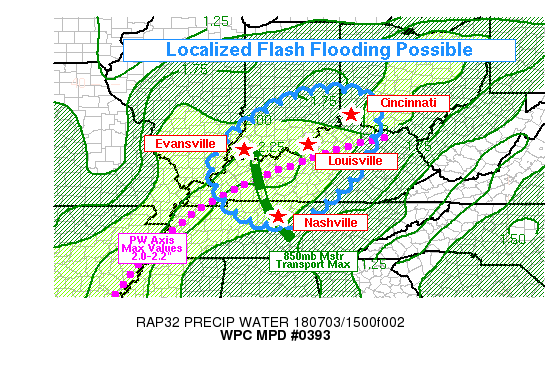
AREAS AFFECTED...WRN/CTRL KY...SRN IN...SWRN OH...SERN IL...NRN TN

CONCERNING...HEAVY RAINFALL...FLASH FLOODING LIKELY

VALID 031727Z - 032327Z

SUMMARY...SLOW-MOVING THUNDERSTORMS WILL BUILD DURING THE
AFTERNOON HOURS ACROSS THE LOWER OHIO RIVER VALLEY AND MAY LEAD TO
LOCALIZED FLASH FLOODING OVER MUCH OF THE REGION.
THEREFORE...ALTHOUGH WIDESPREAD FLOODING IS NOT ANTICIPATED...A
SCATTERING OF FLOODING ISSUES IS EXPECTED. RAIN RATES MAY REACH
1.5 TO 2.0 IN/HR IN SOME AREAS.

DISCUSSION...REGIONAL RADARS AND GOES-16 VISIBLE AND IR SATELLITE
IMAGERY SHOWED SCATTERED CONVECTION BECOMING MORE NUMEROUS ACROSS
THE LOWER OHIO RIVER VALLEY BETWEEN 16-17Z. STORM MOTIONS WERE
RATHER SLOW...WHICH IS EXPECTED TO CONTINUE GIVEN THE PROXIMITY TO
THE MID-UPPER LEVEL RIDGE AXIS (AND ASSOCIATED WEAK FLOW). IN
GENERAL...MOST CELLS WERE MOVING AROUND 10-15 KNOTS WITH SOME
BACKBUILDING AND STALLING ALSO NOTED IN AREAS OF CELL MERGERS. THE
SLOW STORM MOTIONS WILL EXACERBATE THE HEAVY RAINFALL THREAT. AN
ADDITIONAL CONSIDERATION IS THE DEEP MOISTURE AVAILABLE WITH A PW
AXIS OF 2+ INCH VALUES SITUATED JUST SOUTH OF THE OHIO RIVER AS OF
17Z (PER RAP ANALYSIS AND CIRA BLENDED PWS). A GPS-PW OBSERVATION
IN WEST-CENTRAL KENTUCKY WAS REPORTING A VALUE OF 2.13 INCHES.
SUCH VALUES WERE ABOVE THE 99TH PERCENTILE BASED ON CSFR
CLIMATOLOGY FOR THIS REGION...AND WOULD BE SUPPORTIVE OF VERY
HEAVY RAIN RATES. MOST HI-RES MODELS SHOW CONVECTIVE MODE
REMAINING SINGLE-CELL (AND RELATIVELY SCATTERED) BUT SOME STORM
MERGERS MAY PRODUCE SMALL CLUSTERS AND ENABLE HEAVY RAINFALL TO
LINGER IN LOCALIZED AREAS FOR A COUPLE HOURS. ANTECEDENT
CONDITIONS ARE ALSO FAVORABLE FOR FLASH FLOODING WITH 14-DAY
RAINFALL ABOVE 200 PERCENT OF NORMAL IN MUCH OF THE REGION. ALL
THESE FACTORS ARE FAVORABLE FOR FLASH FLOODING. THE EXPECTATION IS
THAT FLOODING WILL REMAIN SOMEWHAT LOCALIZED GIVEN THE SCATTERED
NATURE OF CONVECTION...BUT THAT FLOODING IS MORE LIKELY THAN
NORMAL PARTICULARLY GIVEN THE ANOMALOUSLY HIGH MOISTURE LEVELS AND
ANTECEDENT CONDITIONS.